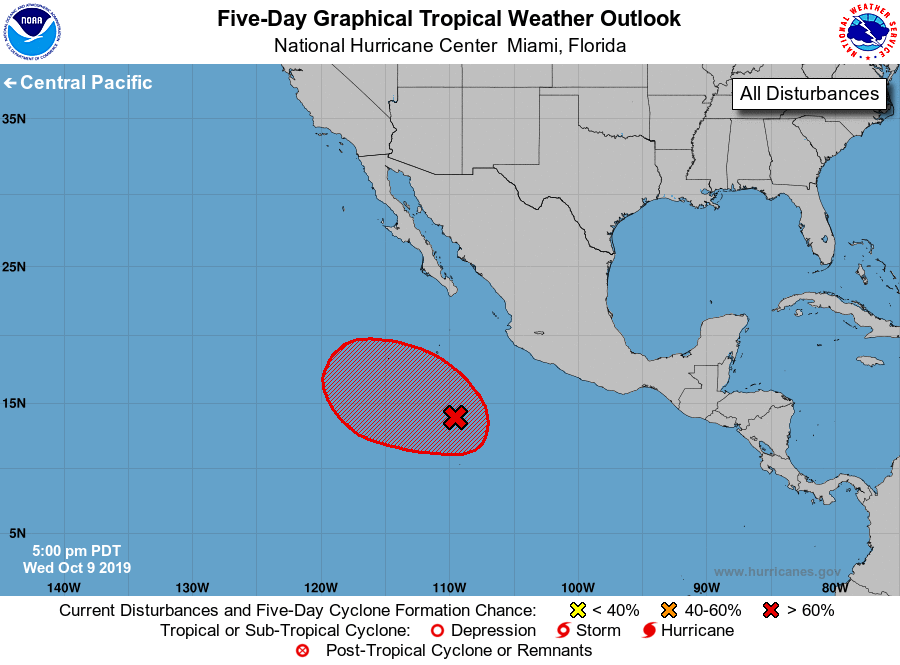
For the eastern North Pacific...east of 140 degrees west longitude:

1. An area of low pressure is expected to form several hundred miles southwest of the southwestern coast of Mexico in a couple of days. Environmental conditions are forecast to be conducive for gradual development, and a tropical depression is likely to form over the weekend while the system moves west-northwest to northwest at 5 to 10 mph.
* Formation chance through 48 hours...low...near 20 percent.
* Formation chance through 5 days...high...70 percent.

Forecaster Pasch